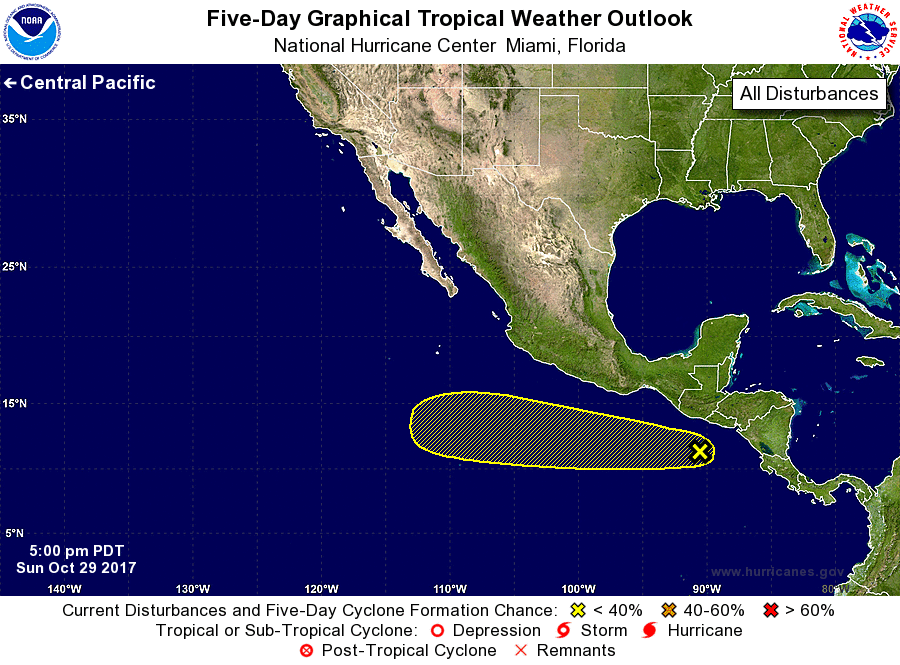
For the eastern North Pacific...east of 140 degrees west longitude:

1. A small area of low pressure located a couple of hundred miles south of the coast of Guatemala is producing disorganized showers and thunderstorms. Slow development of this system is possible during the next several days while it moves westward to west-northwestward.
* Formation chance through 48 hours...low...10 percent.
* Formation chance through 5 days...low...20 percent.

Forecaster Beven